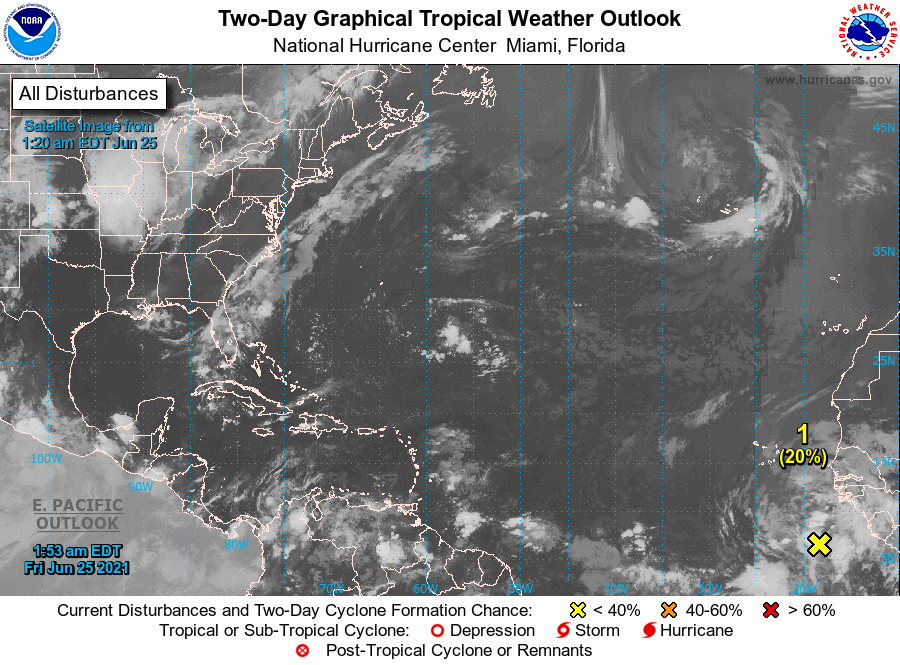
For the North Atlantic...Caribbean Sea and the Gulf of Mexico:

1. A strong tropical wave located over the far eastern Atlantic off the African coast is producing a broad and disorganized area of showers and a few thunderstorms. As the system moves west- northwestward into the central Atlantic Ocean during the next few days, conditions appear at best only marginally conducive for development due to relatively cool ocean temperatures. However, some development of this system is still possible by early next week.
* Formation chance through 48 hours...low...20 percent.
* Formation chance through 5 days...low...30 percent.

Forecaster Beven